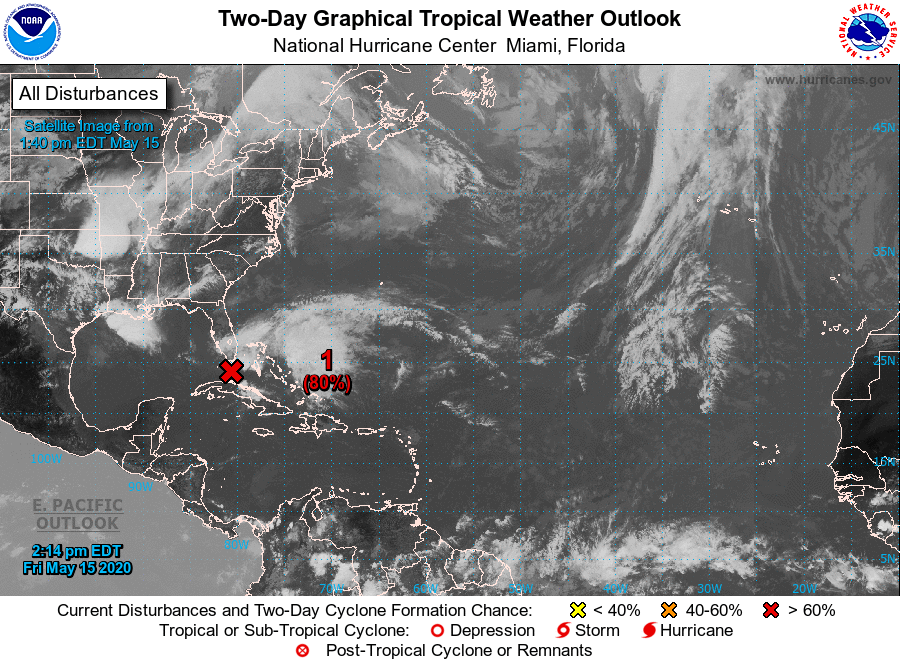
For the North Atlantic...Caribbean Sea and the Gulf of Mexico:

Special Tropical Weather Outlook issued to discuss the potential for tropical or subtropical development near the northwest Bahamas.

1. Satellite data and surface observations indicate that the trough of low pressure located over the Straits of Florida has generally changed little today. This system continues to produce a large area of disorganized shower activity and gusty winds across the Florida Keys, portions of southeast Florida, and the northwestern Bahamas. Gradual development of this system is still expected, and it will likely become a tropical or subtropical storm on Saturday when it is located near the northwestern Bahamas. Later in the weekend and early next week, the system is expected to move generally northeastward over the western Atlantic.

Regardless of development, the disturbance will continue to bring heavy rainfall and wind gusts to tropical-storm-force across portions of the Florida Keys, southeast Florida and the Bahamas through Saturday. In addition, hazardous marine conditions are expected along the Florida east coast and in the Bahamas where Gale Warnings are in effect. Dangerous surf conditions and rip currents are possible along portions of the southeast U.S. coast this weekend and early next week. See products from your local weather office and High Seas Forecasts for more details. An Air Force Reserve Hurricane Hunter aircraft is scheduled to investigate the disturbance tomorrow morning, if necessary. The next Special Tropical Weather Outlook on this system will be issued by 9 PM EDT tonight, or earlier, if necessary.
* Formation chance through 48 hours...high...80 percent.
* Formation chance through 5 days...high...80 percent.

High Seas Forecasts issued by the National Weather Service can be found under AWIPS header NFDHSFAT1, WMO header FZNT01 KWBC, and available on the Web at ocean.weather.gov/shtml/NFDHSFAT1.shtml.

Forecaster Cangialosi